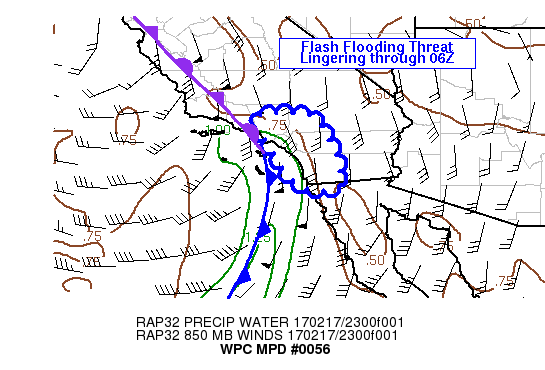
AREAS AFFECTED...PORTIONS OF FAR SRN CA

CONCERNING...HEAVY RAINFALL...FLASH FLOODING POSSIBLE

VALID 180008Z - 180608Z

SUMMARY...A THREAT FOR FLASH FLOODING WILL REMAIN FOR THE NEXT FEW
HOURS ACROSS PORTIONS OF THE HIGHER TERRAIN OF SRN CA ALONG WITH
URBAN FLOODING CONCERNS WITHIN METROPOLITAN AREAS FROM RIVERSIDE
TO SAN DIEGO.

DISCUSSION...AT 00Z...AN AXIS OF HEAVY RAINFALL WITH RAINFALL
RATES OF GENERALLY 0.5 TO 1.0 IN/HR WAS MOVING THROUGH PORTIONS OF
SRN CALIFORNIA JUST AHEAD OF AN OCCLUDED/COLD FRONT ANALYZED JUST
WEST Of SANTA CATALINA AND SAN CLEMENTE ISLANDS. WHILE THE BETTER
REGION OF UPPER DIFFLUENCE HAS BEEN STEADILY DROPPING SOUTH OF THE
REGION...THE LEFT EXIT REGION OF A POWERFUL 170+ KT UPPER LEVEL
JET CONTINUES TO PROVIDE ADDED DYNAMICAL LIFT OVER THE REGION WITH
THE GOES HD WIND PRODUCT  INDICATING NEAR 250 MB WINDS OF 80-90 KT
JUST OFFSHORE OF SRN CA.

WHILE INSTABILITY HAS BEEN LESS THAN ADVERTISED AHEAD OF THE
FRONTAL BOUNDARY WITH NOT MUCH IN THE WAY OF LIGHTNING...STRONG
DYNAMICS HAVE HELPED TO COMPENSATE. SLY 850 MB WINDS OF 50-60+ KT
VIA VAD WIND PLOTS...DIRECTLY ORTHOGONAL TO THE TRANSVERSE RANGES
ALONG WITH PWATS RANGING FROM 1.2 TO 1.3 INCHES HAVE HELPED TO
SUPPORT RAINFALL RATES OVER 1 IN/HR. AS THE FRONT CONTINUES TO
MOVE EAST...RAIN RATES OF 0.5 TO 1.0 IN/HR WILL FOLLOW IN A LINE
AHEAD OF THE FRONT FOR 1-2 HOURS...IMPACTING URBAN LOCATIONS FROM
THE SRN LOS ANGELES SUBURBS INTO SAN BERNARDINO/RIVERSIDE DOWN TO
SAN DIEGO. WEAK LOW LEVEL INSTABILITY WILL INCREASE AFTER THE
FRONT PASSES DUE TO COOLING LOW-MID LEVEL TEMPS SUPPORTING BRIEF
BUT INTENSE SHOWERS INTO COASTAL LOCATIONS.  AHEAD OF THE
FRONT...WHILE FLOW WILL BE MOSTLY PARALLEL TO THE PENINSULA
RANGES...A FEW SOUTH FACING SLOPES AS WELL BURN SCAR LOCATIONS AND
POOR DRAINAGE OF THE URBAN CORRIDOR WILL EXTEND THE FLASH FLOOD
THREAT THROUGH ABOUT 06Z. THE FLASH FLOOD THREAT IS EXPECTED TO
DIMINISH BEYOND 06Z WITH LOWERING PWATS AND WEAKENED DYNAMIC
SUPPORT INTO THE COLORADO RIVER BASIN AS THE FRONT MOVES THROUGH.